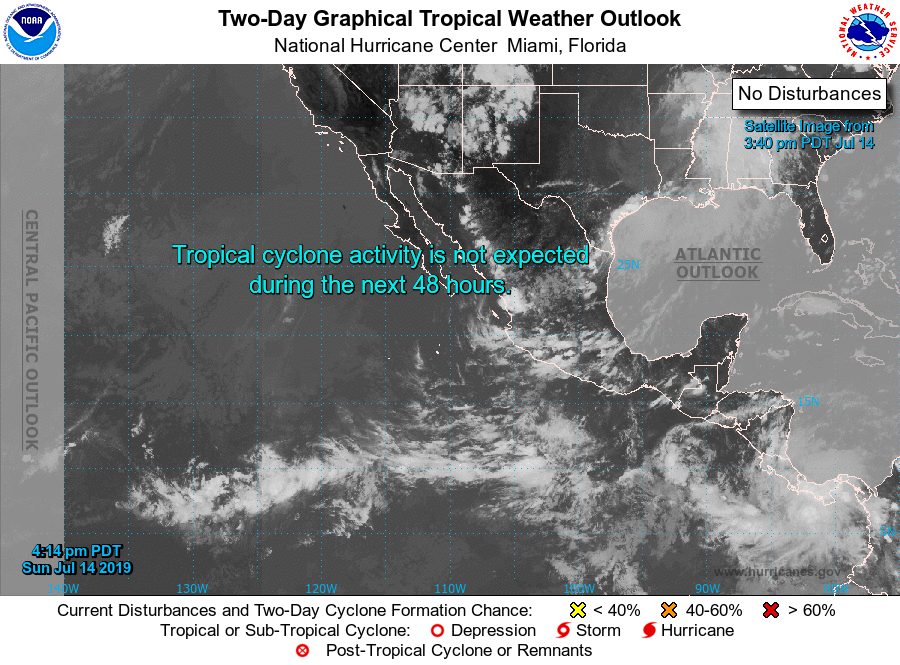
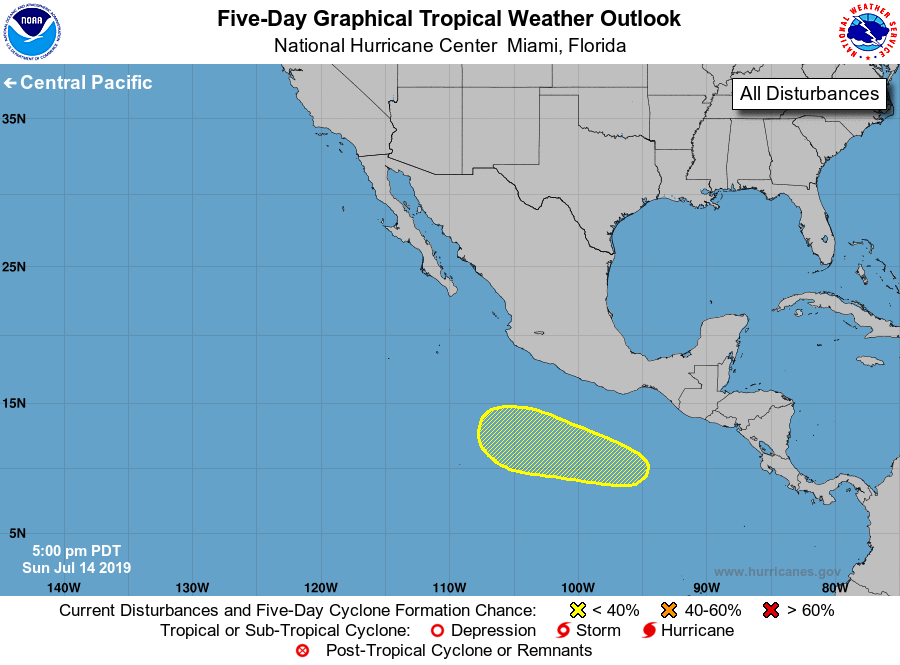
For the eastern North Pacific...east of 140 degrees west longitude:

1. An area of low pressure is likely to form several hundred miles south of the southern coast of Mexico in a few days. Conditions appear favorable for some development of this system late this week while it moves westward to west-northwestward at 10 to 15 mph.
* Formation chance through 48 hours...low...near 0 percent.
* Formation chance through 5 days...low...20 percent.

Forecaster Blake